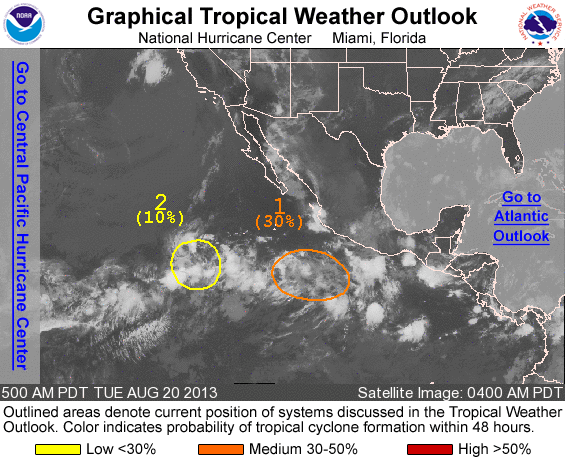
FOR THE EASTERN NORTH PACIFIC...EAST OF 140 DEGREES WEST LONGITUDE..

1. A BROAD AREA OF LOW PRESSURE LOCATED SEVERAL HUNDRED MILES SOUTH-SOUTHWEST OF MANZANILLO MEXICO CONTINUES TO PRODUCE DISORGANIZED SHOWERS AND THUNDERSTORMS. ENVIRONMENTAL CONDITIONS APPEAR TO BE CONDUCIVE FOR GRADUAL DEVELOPMENT...AND A TROPICAL DEPRESSION COULD FORM DURING THE NEXT SEVERAL DAYS. THIS SYSTEM HAS A MEDIUM CHANCE...30 PERCENT...OF BECOMING A TROPICAL CYCLONE DURING THE NEXT 48 HOURS...AND A HIGH CHANCE...80 PERCENT...OF BECOMING A TROPICAL CYCLONE DURING THE NEXT FIVE DAYS WHILE IT MOVES NORTHWESTWARD AND THEN NORTH-NORTHWESTWARD.

2. AN AREA OF DISTURBED WEATHER IS LOCATED ABOUT 900 MILES SOUTHWEST OF THE SOUTHERN TIP OF THE BAJA CALIFORNIA PENINSULA. DEVELOPMENT...IF ANY...OF THIS SYSTEM SHOULD BE SLOW TO OCCUR DURING THE NEXT SEVERAL DAYS. THIS DISTURBANCE HAS A LOW CHANCE...10 PERCENT...OF BECOMING A TROPICAL CYCLONE DURING THE NEXT 48 HOURS...AND A LOW CHANCE...20 PERCENT...OF BECOMING A TROPICAL CYCLONE DURING THE NEXT 5 DAYS WHILE IT REMAINS NEARLY STATIONARY OR MOVES SLOWLY NORTHWARD.

FIVE-DAY FORMATION PROBABILITIES ARE EXPERIMENTAL IN 2013. COMMENTS ON THE EXPERIMENTAL FORECASTS CAN BE PROVIDED AT...

HTTP://WWW.NWS.NOAA.GOV/SURVEY/NWS-SURVEY.PHP?CODE=ETWO

FORECASTER PASCH